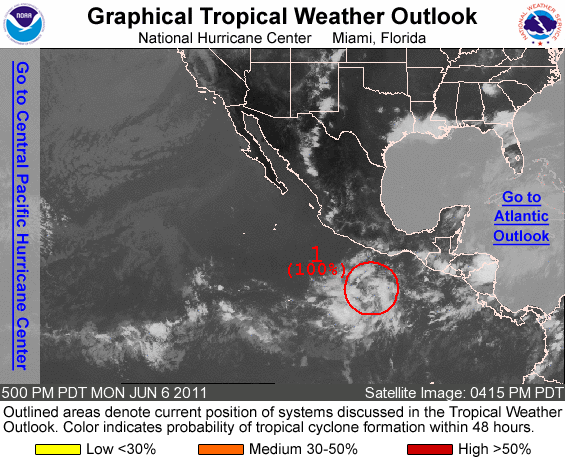
FOR THE EASTERN NORTH PACIFIC...EAST OF 140 DEGREES WEST LONGITUDE..

1. SATELLITE IMAGES INDICATE THAT SHOWER AND THUNDERSTORM ACTIVITY ASSOCIATED WITH A LOW PRESSURE SYSTEM CENTERED ABOUT 400 MILES SOUTH OF ACAPULCO HAS CHANGED LITTLE DURING THE PAST SEVERAL HOURS. IN ADDITION...THE LOW-LEVEL CENTER OF CIRCULATION IS NOT YET WELL-DEFINED. HOWEVER...ENVIRONMENTAL CONDITIONS REMAIN FAVORABLE FOR DEVELOPMENT...AND ONLY A SLIGHT INCREASE IN THE ORGANIZATION OF THIS SYSTEM WOULD RESULT IN THE FORMATION OF A TROPICAL DEPRESSION. THERE IS A HIGH CHANCE...NEAR 100 PERCENT...OF THIS SYSTEM BECOMING A TROPICAL CYCLONE DURING THE NEXT 48 HOURS AS IT MOVES SLOWLY TOWARD THE NORTHWEST.

ELSEWHERE...TROPICAL CYCLONE FORMATION IS NOT EXPECTED DURING THE NEXT 48 HOURS.

FORECASTER KIMBERLAIN